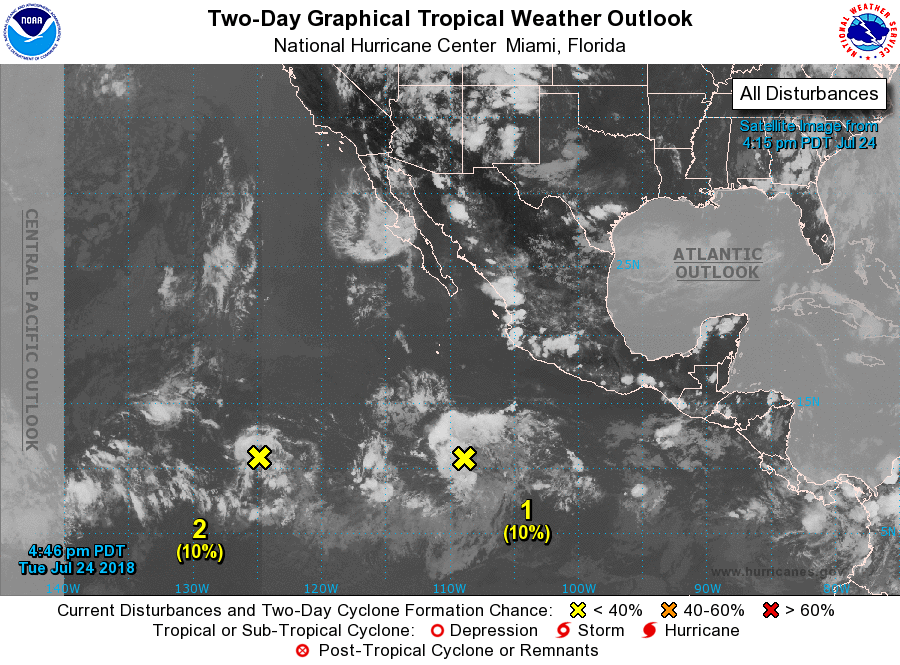
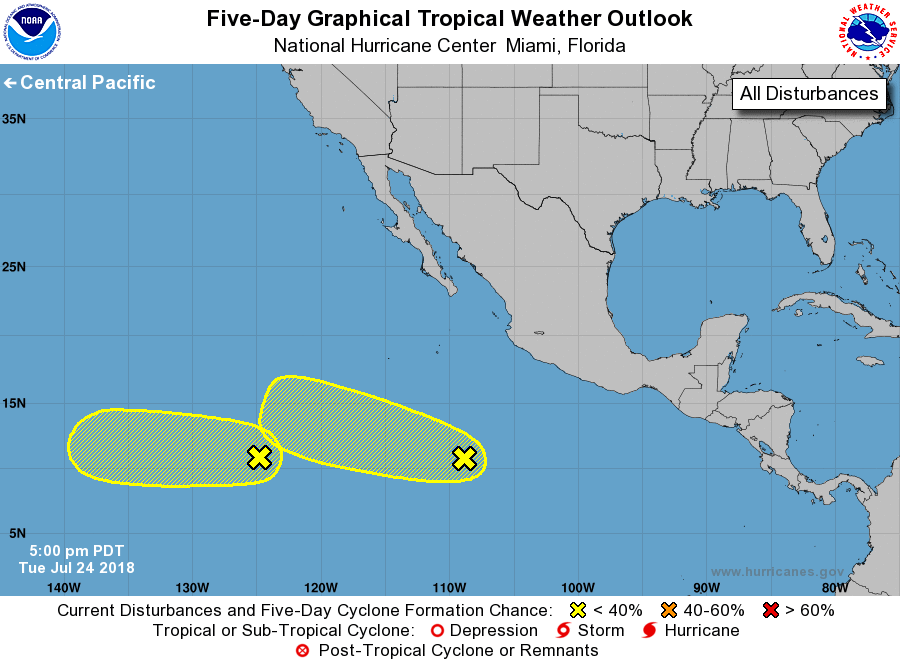
For the eastern North Pacific...east of 140 degrees west longitude:

1. A weak area of low pressure located several hundred miles south-southwest of Manzanillo, Mexico, continues to produce a broad area of disorganized showers and thunderstorms. No significant development is expected during the next day or two, but conditions could become a little more favorable for tropical cyclone formation by this weekend while the system moves toward the west or west-northwest away from the coast of Mexico.
* Formation chance through 48 hours...low...10 percent.
* Formation chance through 5 days...low...30 percent.

2. Another area of low pressure has developed a little more than 1000 miles southwest of the southern tip of the Baja California peninsula. Recent satellite data indicate that this system has developed a closed, but poorly defined surface circulation, and the associated shower activity is currently disorganized. However, some gradual development of this system is possible over the next few days while the system moves generally westward. By the weekend, strong upper-level winds are likely to prevent further development.
* Formation chance through 48 hours...low...10 percent.
* Formation chance through 5 days...low...20 percent.

Forecaster Zelinsky